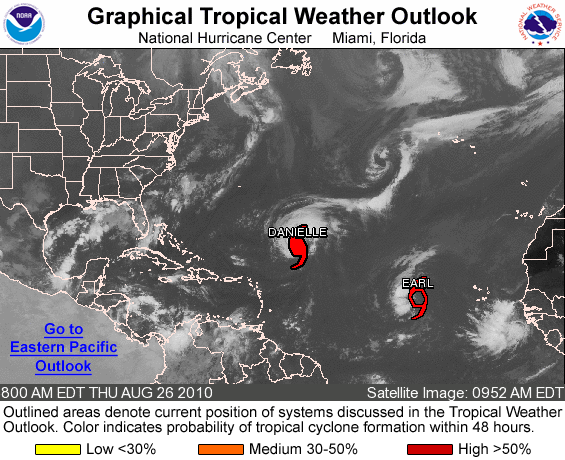
FOR THE NORTH ATLANTIC...CARIBBEAN SEA AND THE GULF OF MEXICO...

THE NATIONAL HURRICANE CENTER IS ISSUING ADVISORIES ON HURRICANE DANIELLE...LOCATED ABOUT 640 MILES NORTHEAST OF THE NORTHERN LEEWARD ISLANDS...AND ON TROPICAL STORM EARL...LOCATED ABOUT 695 MILES WEST OF THE SOUTHERNMOST CAPE VERDE ISLANDS.

ELSEWHERE...TROPICAL CYCLONE FORMATION IS NOT EXPECTED DURING THE NEXT 48 HOURS.

PUBLIC ADVISORIES ON EARL ARE ISSUED UNDER WMO HEADER WTNT32 KNHC AND UNDER AWIPS HEADER MIATCPAT2. FORECAST/ADVISORIES ON EARL ARE ISSUED UNDER WMO HEADER WTNT22 KNHC AND UNDER AWIPS HEADER MIATCMAT2.

FORECASTER BEVEN